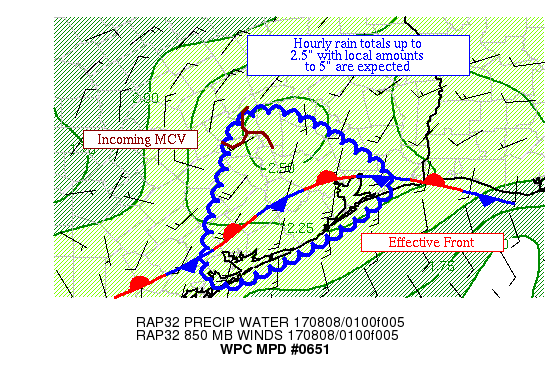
AREAS AFFECTED...SOUTHEAST TX

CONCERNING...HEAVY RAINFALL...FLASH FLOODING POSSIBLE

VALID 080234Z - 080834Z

SUMMARY...THUNDERSTORMS ARE BEGINNING TO FIRE WITHIN THE SOUTHEAST
QUADRANT OF AN MCV.  HOURLY RAIN TOTALS UP TO 2.5" AND LOCAL
AMOUNTS TO 5" ARE EXPECTED.

DISCUSSION...RADAR IMAGERY REVEALS AN MCV FROM MORNING
THUNDERSTORM ACTIVITY IN SOUTH-CENTRAL TX MOVING INTO THE REGION,
TO THE EAST-SOUTHEAST AT 10-15 KTS.  CIN HAS DEVELOPED ACROSS THE
REGION, WHICH IS ALLOWING THE INSTABILITY ALOFT/MU CAPE TO ITS
SOUTHEAST TO BE TAPPED, ON THE ORDER OF 1000-3000 J/KG.   WHILE
VAD WIND PROFILES SHOW CYCLONIC INFLOW OF 20 KTS, RADAR-BASED CELL
MOTIONS IMPLY THAT 30 KTS IS A BETTER INDICATION OF THE 850 HPA
INFLOW.  THIS IS 10 KTS ABOVE THE LEVEL OF THE MEAN 850-400 HPA
FLOW.   EFFECTIVE BULK SHEAR OF ~30 KTS EXISTS NEAR THE MCV.
PRECIPITABLE WATER VALUES ARE 2-2.2" PER GPS DATA.

THE GUIDANCE HAS A SMALL BUT AGREEABLE MAXIMUM SCATTERED ACROSS
THE REGION OF 5", WHICH IS LIKELY DUE TO THIS MCV.  RAINFALL
EFFICIENCY IS EXPECTED TO INCREASE WITH TIME AS THE MEAN 850-400
HPA FLOW WEAKENS TO 5-10 KTS BY 09Z.  THE 18Z SSEO NEIGHBORHOOD
PROBABILITIES OF EXCEEDING THE THREE HOUR FLASH FLOOD GUIDANCE
SHOW SMALL 50%+ SPOTS BETWEEN 05 AND 09Z.  HOURLY RAIN RATES UP TO
2.5" ARE POSSIBLE NEAR ITS CENTER AND WITHIN ITS SOUTHERN AND
EASTERN QUADRANTS.  DUE TO RAINFALL OVER THE PAST 18 HOURS, FLASH
FLOOD GUIDANCE IS COMING DOWNWARD.  CONSIDERING THE AMOUNTS
EXPECTED, FLASH FLOODING IS A CONCERN, PARTICULARLY WITHIN URBAN
AREAS.